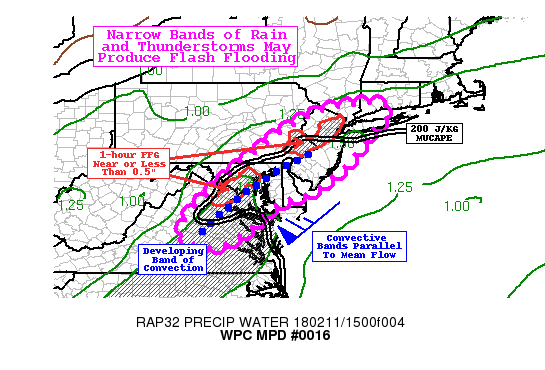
AREAS AFFECTED...I-95 CORRIDOR

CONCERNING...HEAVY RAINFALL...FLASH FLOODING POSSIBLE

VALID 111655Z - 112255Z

SUMMARY...NARROW BANDS OF RAIN AND THUNDERSTORMS SHOULD CONTINUE
TO DEVELOP IN A PLUME OF DEEP MOISTURE AND ALONG A SURFACE
FRONT...AND THEN TRACK NEAR THE I-95 URBAN CORRIDOR THIS
AFTERNOON. WITH SOILS SATURATED AND SOME FLOODING ISSUES ALREADY
REPORTED...RAINFALL RATES APPROACHING 1 IN/HR COULD PRODUCE
LOCALIZED FLASH FLOODING.

DISCUSSION...REGIONAL RADARS SHOWED SOME NARROW BANDS OF
CONVECTION BECOMING MORE ORGANIZED IN THE PAST SEVERAL
HOURS...ROUGHLY ALONG A SURFACE FRONT THAT APPROXIMATELY DENOTED
THE NORTHWESTERN PERIPHERY OF DEEPER MOISTURE (PW NEAR OR ABOVE
1.5 INCHES AND SFC DEWPOINTS NEAR 60 DEGREES). HI-RES MODELS HAVE
STRUGGLED TO GET A HANDLE ON THE CONVECTIVE EVOLUTION THIS
MORNING...BUT MOST SEEM TO AT LEAST HINT AT THE SAME IDEA OF A
NARROW CONVECTIVE BAND PRODUCING HEAVY RAINFALL NEAR THE I-95
URBAN CORRIDOR THIS AFTERNOON. THE LATEST RADAR TRENDS ALSO SHOWED
DIMINISHING REFLECTIVITY VALUES BEHIND THE INCIPIENT CONVECTIVE
BAND...SUGGESTING THAT WHILE MODERATE-HEAVY RAIN MAY BECOME LESS
WIDESPREAD THIS AFTERNOON...HEAVY RAIN SHOULD ALSO BECOME
INCREASINGLY FOCUSED ALONG THE QUASI-STATIONARY SURFACE FRONT.

THE CONVECTION AS OF 17Z STRETCHED ROUGHLY FROM JUST NORTHWEST OF
RICHMOND... TO ANNAPOLIS... TO NEAR TRENTON... AND THIS
ORIENTATION WAS ROUGHLY PARALLEL TO OBJECTIVELY ANALYZED MEAN
850-300MB FLOW. RAP ANALYSIS ALSO SHOWED SEVERAL HUNDRED J/KG OF
MUCAPE ENCOMPASSING MOST OF THE OUTLINED DISCUSSION AREA.
THEREFORE...AS CONVECTION BECOMES DEEPER AND BETTER
ESTABLISHED...THERE WILL BE SOME POTENTIAL FOR TRAINING OF HEAVIER
INSTANTANEOUS RAIN RATES ACROSS THE REGION.

SO FAR THIS MORNING...RAIN RATES HAVE GENERALLY REMAINED AROUND
0.5 IN/HR OR LESS...BUT SMALL AND NARROW CORRIDORS OF UP TO 1
IN/HR HAVE BEEN ESTIMATED BY DUAL POL RADAR AND MRMS AT TIMES
WHERE FAVORABLE ECHO TRAINING OCCURS. THE EXPECTATION IS THAT THIS
WILL CONTINUE...WITH THE POSSIBILITY OF SOME NARROW BANDS OF
6-HOUR ACCUMULATION INTO THE 1-2 INCH RANGE. GIVEN ONE HOUR FFG
VALUES ARE EXTREMELY LOW (GENERALLY AROUND OR LESS THAN 0.5
INCHES) IN THE D.C.-BALTIMORE AND PHILADELPHIA-NYC CORRIDORS...ANY
OF THESE TRAINING BANDS OF CONVECTION COULD POTENTIALLY PRODUCE
LOCALIZED FLASH FLOODING.